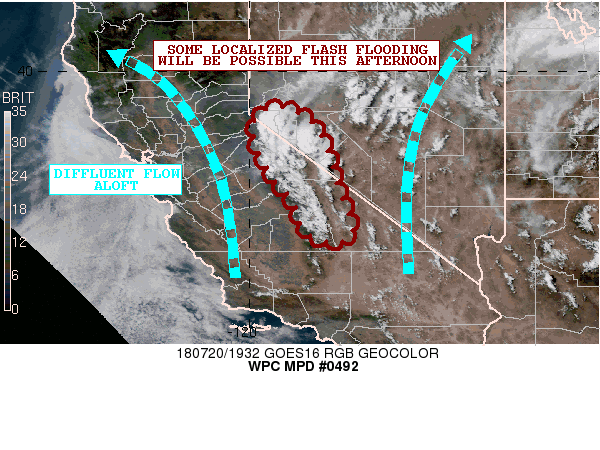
AREAS AFFECTED...PORTIONS OF THE SIERRA-NEVADA

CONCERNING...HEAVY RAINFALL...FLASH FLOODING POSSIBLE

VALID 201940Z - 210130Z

SUMMARY...SCATTERED SLOW-MOVING SHOWERS AND THUNDERSTORMS WILL
POSE A FLASH FLOOD RISK THIS AFTERNOON.

DISCUSSION...THE LATEST VISIBLE SATELLITE IMAGERY IS SHOWING
CONVECTIVE INITIATION UNDERWAY ACROSS PORTIONS OF THE CENTRAL
SIERRA-NEVADA AS AN INCREASINGLY MOIST AIRMASS COMBINES WITH
DIURNAL HEATING AND OROGRAPHICS FOR THE DEVELOPMENT OF SHOWERS AND
THUNDERSTORMS. THE ACTIVITY IS TENDING TO FOCUS WITHIN A BROADLY
DIFFLUENT FLOW PATTERN ALOFT AS WELL...AND THE CONVECTION SHOULD
TEND TO BE RATHER SLOW-MOVING GIVEN THE WEAK STEERING FLOW.

THE MID LEVEL WV SATELLITE IMAGERY SHOWS A CHANNEL OF MORE FOCUSED
MOISTURE LIFTING UP TO THE NORTH AND TOWARD THE CENTRAL
SIERRA-NEVADA AT THIS TIME...AND THE PWATS ACROSS THE REGION ARE
FORECAST TO RISE THROUGH THE AFTERNOON HOURS...WITH THE ANOMALIES
BY 00Z REACHING ABOUT 2 STANDARD DEVIATIONS ABOVE NORMAL AS PER
THE 12Z GFS.

THIS WILL ALLOW THE CONVECTION TO BECOME A LITTLE MORE EFFICIENT
IN REGARDS TO RAINFALL PROCESSES AND THIS WILL SUPPORT SOME
LOCALLY HEAVIER RAINFALL RATES. THE 12Z ARW/NMMB CAM SOLUTIONS
SUGGEST AS MUCH AS 1 TO 2 INCHES OF RAIN THROUGH 00Z...WHICH MAY
CAUSE SOME ENHANCED RUNOFF PROBLEMS AND/OR FLASH FLOODING. THE
BIGGEST CONCERN WILL OVER AND NEAR ANY BURN SCARS.